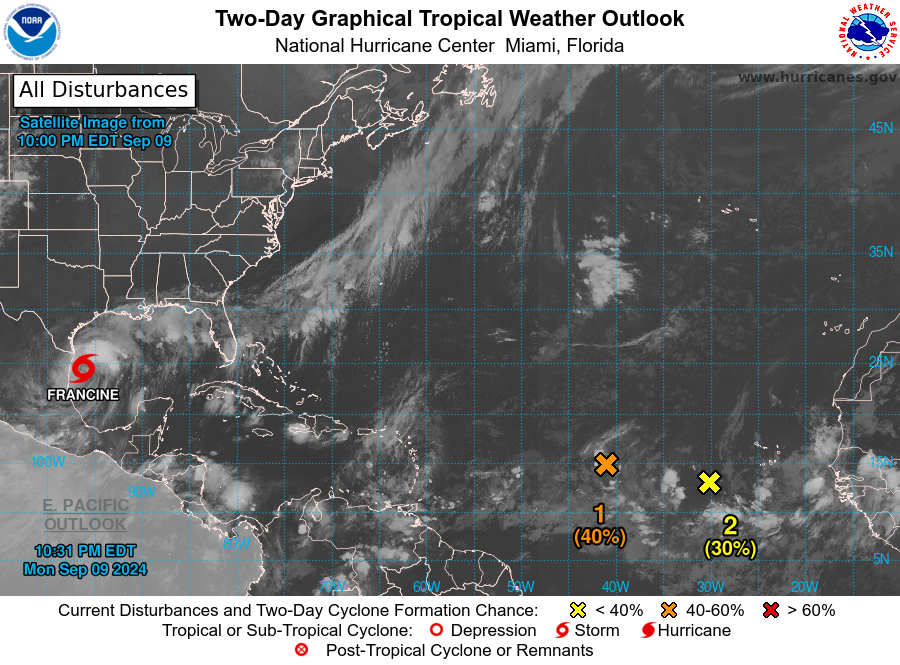
For the North Atlantic...Caribbean Sea and the Gulf of Mexico:

Active Systems: The National Hurricane Center is issuing advisories on Tropical Storm Francine, located roughly 100 miles offshore of northeastern Mexico.

1. Central Tropical Atlantic (AL92): An elongated area of low pressure over the central tropical Atlantic is producing limited shower activity. Environmental conditions appear only marginally conducive for some slight development during the next couple of days, but a tropical depression could still form during that time while the system meanders over the central tropical Atlantic.
* Formation chance through 48 hours...medium...40 percent.
* Formation chance through 7 days...medium...40 percent.

2. Eastern and Central Tropical Atlantic: A trough of low pressure located several hundred miles southwest of the Cabo Verde Islands is expected to merge in a couple of days with a strong tropical wave currently located just offshore of the western coast of Africa. Environmental conditions appear favorable for gradual development of this system, and a tropical depression will likely form during the latter part of this week while the system moves west-northwestward at 10 to 15 mph.
* Formation chance through 48 hours...low...30 percent.
* Formation chance through 7 days...high...70 percent.

Forecaster Hagen